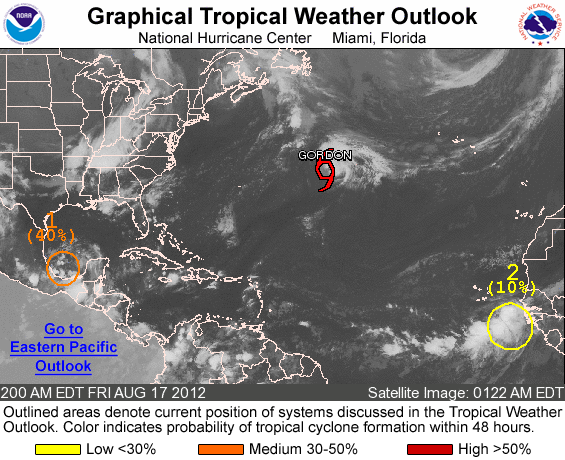
FOR THE NORTH ATLANTIC...CARIBBEAN SEA AND THE GULF OF MEXICO...

THE NATIONAL HURRICANE CENTER IS ISSUING ADVISORIES ON TROPICAL STORM GORDON...LOCATED OVER THE CENTRAL ATLANTIC OCEAN ABOUT 1315 MILES WEST OF THE AZORES.

1. THE REMNANTS OF TROPICAL DEPRESSION SEVEN CONTINUE TO SHOW SOME SIGNS OF ORGANIZATION IN THE EXTREME SOUTHWESTERN GULF OF MEXICO. ENVIRONMENTAL CONDITIONS APPEAR CONDUCIVE FOR SOME DEVELOPMENT DURING THE NEXT DAY OR SO IF THE LOW STAYS OFFSHORE. THIS SYSTEM HAS A MEDIUM CHANCE...40 PERCENT...OF BECOMING A TROPICAL CYCLONE DURING THE NEXT 48 HOURS AS IT MOVES WEST-NORTHWESTWARD TO NORTHWESTWARD AROUND 10 MPH. AN AIR FORCE RESERVE HURRICANE HUNTER AIRCRAFT IS SCHEDULED TO INVESTIGATE THE LOW THIS AFTERNOON...IF NECESSARY.

2. A TROPICAL WAVE NEAR THE WEST COAST OF AFRICA IS PRODUCING AN AREA OF DISORGANIZED SHOWERS AND THUNDERSTORMS IN THE FAR EASTERN ATLANTIC OCEAN. SOME SLOW DEVELOPMENT OF THIS SYSTEM IS POSSIBLE DURING THE NEXT FEW DAYS. THIS SYSTEM HAS A LOW CHANCE...10 PERCENT...OF BECOMING A TROPICAL CYCLONE DURING THE NEXT 48 HOURS AS IT MOVES TOWARD THE WEST AT 15 TO 20 MPH.

ELSEWHERE...TROPICAL CYCLONE FORMATION IS NOT EXPECTED DURING THE NEXT 48 HOURS.

FORECASTER BLAKE